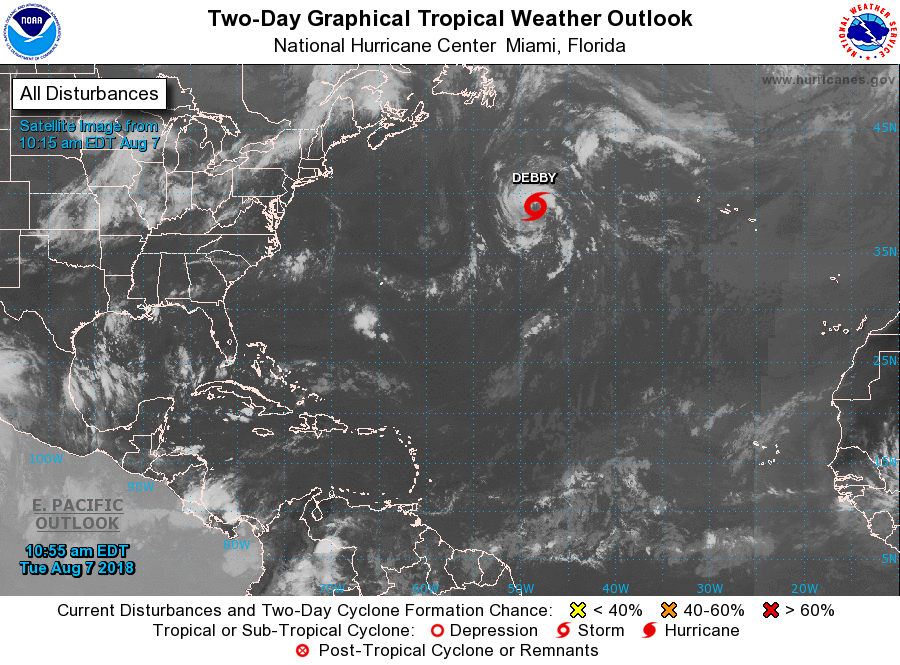
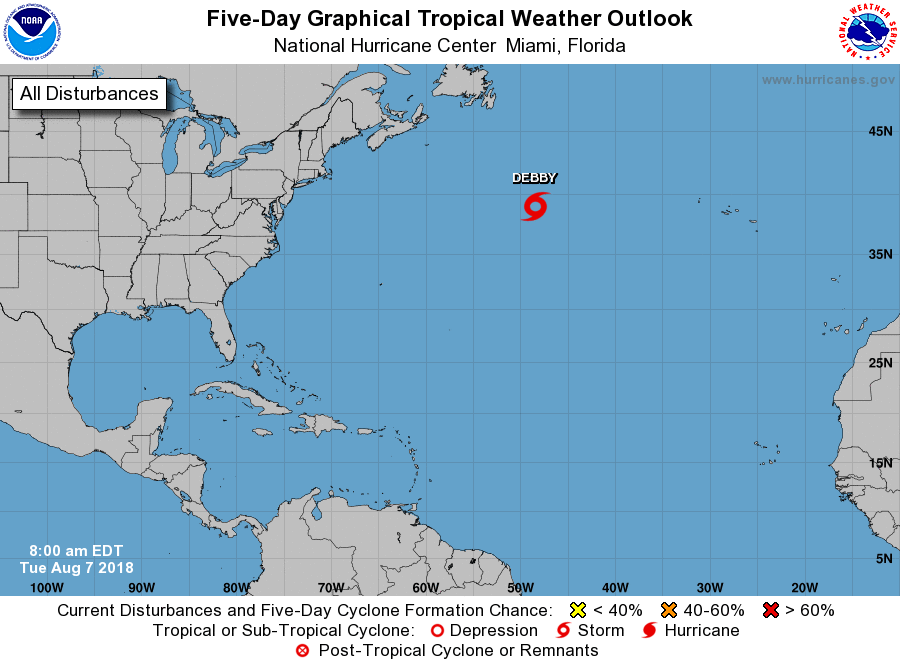
For the North Atlantic...Caribbean Sea and the Gulf of Mexico:

1. Early visible satellite images indicate that the shower activity associated with a non-tropical low pressure system located a little more than 900 miles west-southwest of the Azores continues to show some signs of organization. Although the shower activity has decreased somewhat during the past few hours, this system could still acquire subtropical or tropical characteristics later today. By Wednesday, however, the low will encounter increasingly cooler waters, which will hinder development while the system moves toward the north-northeast over the open North Atlantic. Additional information on this system can be found in High Seas Forecasts issued by the National Weather Service.
* Formation chance through 48 hours...medium...60 percent.
* Formation chance through 5 days...medium...60 percent.

High Seas Forecasts issued by the National Weather Service can be found under AWIPS header NFDHSFAT1, WMO header FZNT01 KWBC, and on the Web at https://ocean.weather.gov/shtml/NFDHSFAT1.shtml.

Forecaster Avila